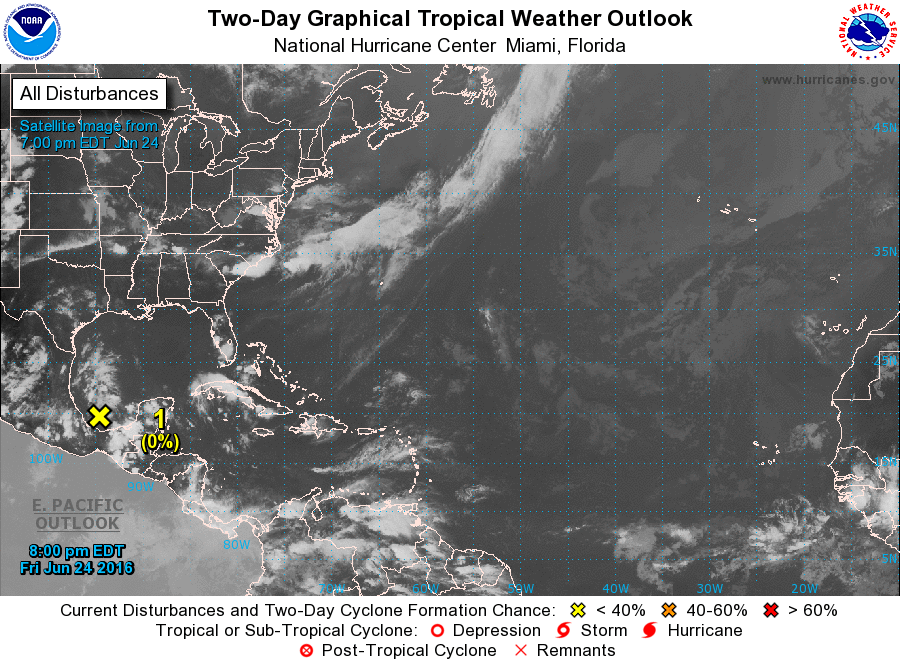
For the North Atlantic...Caribbean Sea and the Gulf of Mexico:

1. Disorganized showers and thunderstorms continue over the Bay of Campeche in association with a trough of low pressure. Development of this system is not expected. However, locally heavy rain is possible when the system moves inland over eastern Mexico on Saturday.
* Formation chance through 48 hours...low...near 0 percent
* Formation chance through 5 days...low...near 0 percent

Forecaster Beven